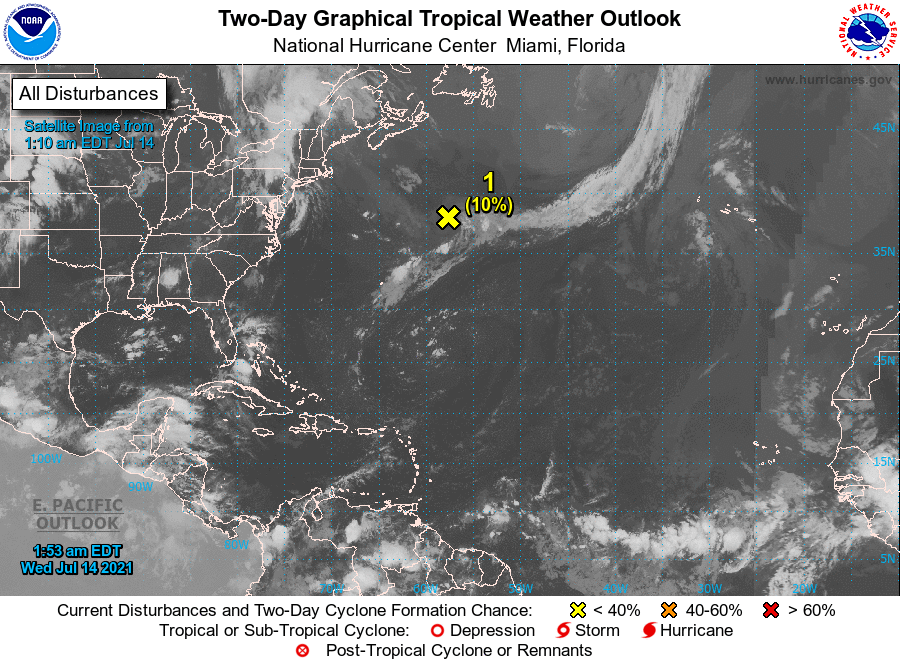
For the North Atlantic...Caribbean Sea and the Gulf of Mexico:

1. A non-tropical area of low pressure, located several hundred miles south-southwest of Cape Race, Newfoundland, is producing near-gale winds, but there only a few showers and thunderstorms present to the east of its center. Although environmental conditions are only marginally conducive during the next couple of days, some slight development of this system is possible as it drifts generally southwestward over warmer waters. Toward the end of the week, the low is expected to accelerate northeastward and open up into a trough of low pressure to the south of Atlantic Canada.
* Formation chance through 48 hours...low...10 percent.
* Formation chance through 5 days...low...10 percent.

Forecaster Beven